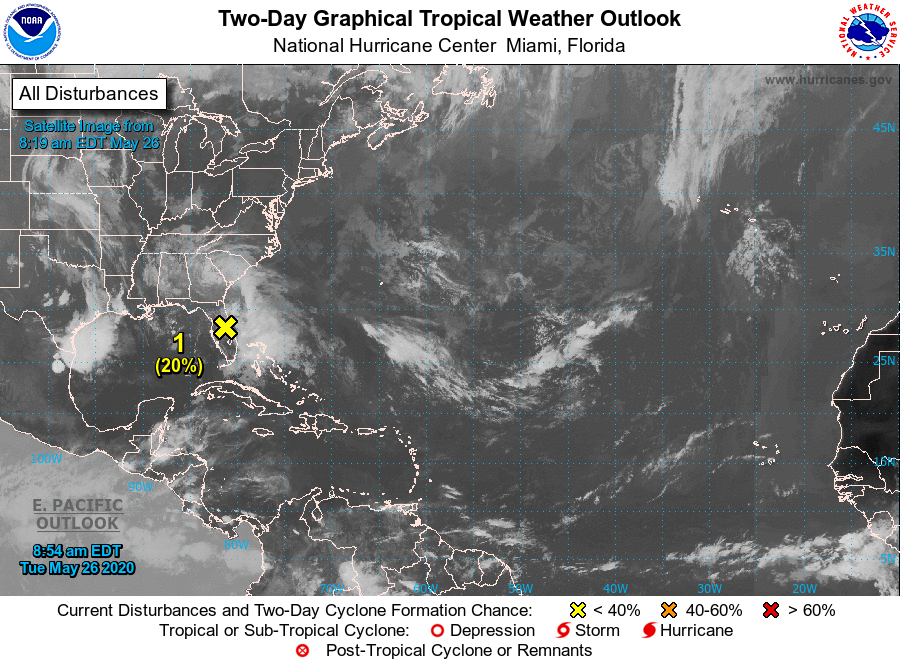
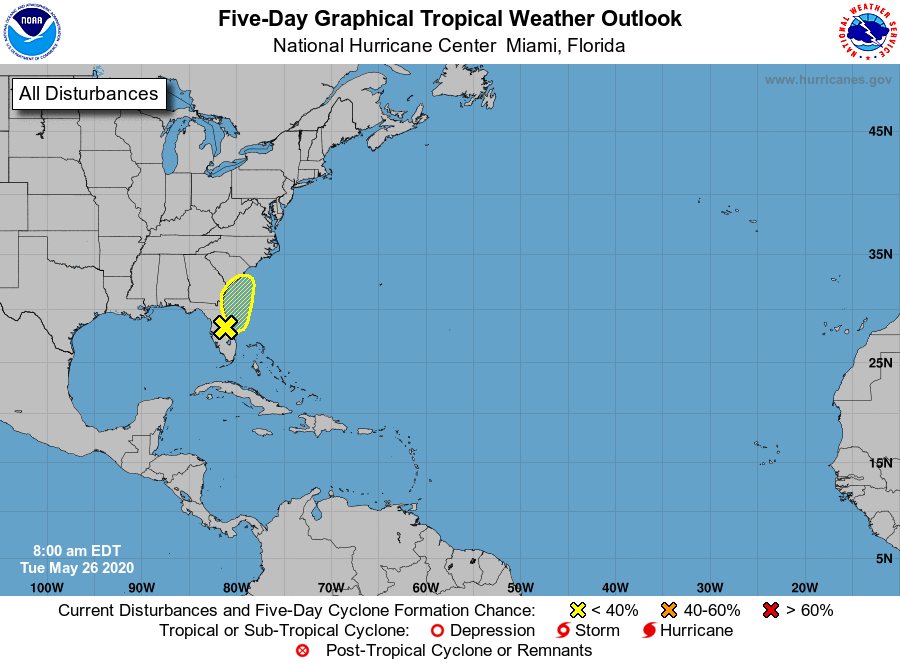
For the North Atlantic...Caribbean Sea and the Gulf of Mexico:

Special Tropical Weather Outlook issued to discuss the broad trough of low pressure extending across central Florida and the adjacent Atlantic waters.

1. Showers and thunderstorms located over extreme northeastern Florida, adjacent Atlantic waters, and the northwestern Bahamas are associated with an elongated surface trough interacting with an upper-level disturbance. Although a weak surface low has formed within the trough near Orlando, Florida, little if any further development of this system is expected due to land interaction, strong upper-level winds, and an abundance of dry air in the mid-levels of the atmosphere. The broad disturbance is forecast to move northward today and Wednesday, remaining inland or near the coasts of northeastern Florida and Georgia.

Regardless of development, heavy rainfall could cause flash flooding over portions of coastal sections of northeastern Florida and Georgia today, and over portions of the Carolinas on Tuesday and Wednesday. Gusty winds could also produce rough marine conditions and life-threatening surf and rip currents along the coasts of northeastern Florida, Georgia, and the Carolinas through Wednesday.

For additional information, see products from your local National Weather Service office. The next Special Tropical Weather Outlook on this system will be issued by 9 PM EDT today, or earlier if necessary.
* Formation chance through 48 hours...low...20 percent.
* Formation chance through 5 days...low...20 percent.

Forecaster Stewart